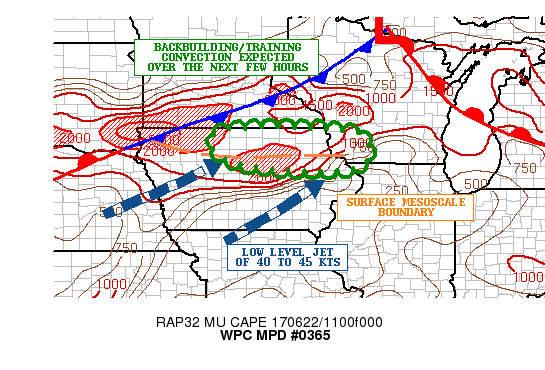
AREAS AFFECTED...NORTHERN IA...SOUTHWEST WI

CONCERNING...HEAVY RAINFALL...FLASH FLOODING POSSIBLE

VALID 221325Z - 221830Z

SUMMARY...STRONG THUNDERSTORMS WITH HEAVY RAIN WILL LIKELY
CONTINUE TO BE A THREAT OVER THE NEXT SEVERAL HOURS. SOME FLASH
FLOODING WILL BE POSSIBLE.

DISCUSSION...THE LATEST EXPERIMENTAL GOES-16 MICRON/IR IMAGERY
SHOWS A RATHER LARGE AREA OF COOLING CONVECTIVE TOPS OVER NORTHERN
IA IN ASSOCIATION WITH AN AXIS OF STRONG THUNDERSTORMS THAT HAVE
BEEN BECOMING BETTER ORGANIZED OVER THE LAST COUPLE OF HOURS. THE
CONVECTION IS DEVELOPING WITHIN A WELL-DEFINED WARM ADVECTION
PATTERN INTERACTING WITH A SURFACE OUTFLOW/MESOSCALE
BOUNDARY...AND BEING AIDED BY A SOUTHWEST LOW LEVEL JET OF 40 TO
45 KTS. ALL OF THIS IS DEVELOPING AHEAD OF A COLD FRONT MEANWHILE
THAT IS ALSO DROPPING SOUTHEAST ACROSS THE UPPER MIDWEST.

THE CONVECTION IS IN A FAIRLY UNSTABLE AND MOIST ENVIRONMENT WITH
MUCAPE VALUES OF 1500 TO 2000 J/KG AND PWATS OF 1.5 TO 1.7 INCHES
WHICH IS FACILITATING RAINFALL RATES OF 1.5 TO 2 INCHES/HR
LOCALLY. OVER THE NEXT FEW HOURS...THE CONVECTION MAY BE ABLE TO
PERSIST AND SUSTAIN ITSELF AS THE LOW LEVEL JET PERSISTS AHEAD OF
THE APPROACHING COLD FRONT...AND WITH A CONTINUED POOLING OF
DEEPER MOISTURE/INSTABILITY ALONG THE FRONT. THE INTERACTION OF
THIS WITH THE CONVECTIVELY REINFORCED OUTFLOW BOUNDARY SUGGESTS AN
ENVIRONMENT CONDUCIVE FOR SOME BACKBUILDING/TRAINING CONVECTION.
SEPARATE CONVECTIVE CLUSTERS UPSTREAM WITH THE ACTUAL COLD FRONT
MAY ALSO DEVELOP AND IMPACT THE REGION LATER THIS MORNING OR THIS
AFTERNOON.

HIRES MODEL OUTPUT HAS BEEN HANDLING THE CURRENT ACTIVITY VERY
POORLY WITH LITTLE ORGANIZED CONVECTIVE SIGNAL...BUT WITH
RADAR/SATELLITE TRENDS SUGGESTING OTHERWISE...IT APPEARS THAT
LOCALLY SEVERAL INCHES OF RAIN MAY RESULT. EXPECT LOCALLY AS MUCH
AS AN ADDITIONAL 2 TO 4 INCHES THROUGH 18Z...WITH ISOLATED HEAVIER
TOTALS NOT OUT OF THE QUESTION FOR ESPECIALLY AREAS OF NORTHEAST
IA. WILL CONTINUE TO MONITOR.